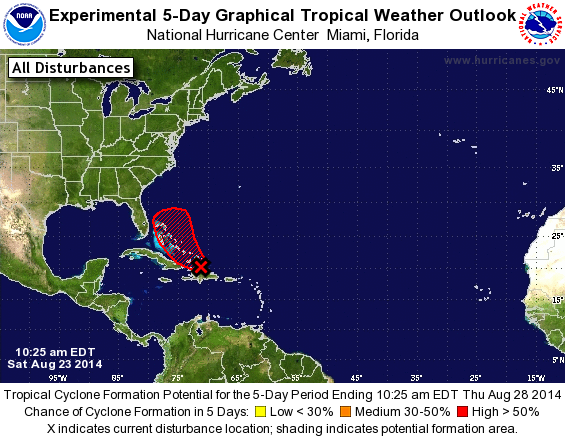
For the North Atlantic...Caribbean Sea and the Gulf of Mexico:

Special outlook issued to discuss results of aircraft reconnaissance mission.

1. Updated...Reports from an Air Force Reserve Hurricane Hunter aircraft and satellite imagery indicate that the disturbance located near Hispaniola continues to lack a well-defined surface circulation. As a result, advisories are not being initiated at this time. However, environmental conditions are favorable for the development of a tropical depression or tropical storm later today or Sunday. Another Air Force Reserve Hurricane Hunter aircraft is scheduled to investigate the system this afternoon.

This disturbance is forecast to move west-northwestward over or near the southeastern Bahamas today, and over or near the central Bahamas Sunday and Sunday night. Heavy rains and gusty winds are expected to continue over Puerto Rico and Hispaniola today. Winds to tropical storm force and heavy rains are expected to spread over the southeastern Bahamas, the Turks and Caicos Islands, and the central Bahamas through Sunday night. These rains could cause life- threatening flash floods and mudslides, especially in mountainous areas of Hispaniola and Puerto Rico. Interests in the Turks and Caicos and all of the Bahamas should monitor the progress of this disturbance, since tropical storm watches and warnings could be required with little advance notice.
* Formation chance through 48 hours...high...80 percent.
* Formation chance through 5 days...high...90 percent.

Forecaster Brennan